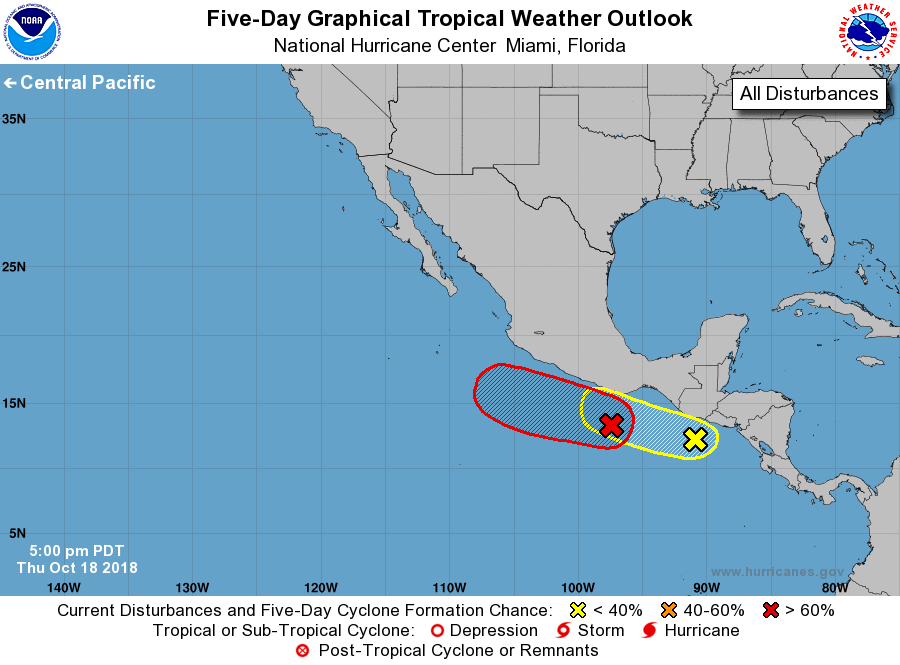
For the eastern North Pacific...east of 140 degrees west longitude:

1. A trough of low pressure continues to produce disorganized showers and thunderstorms a couple of hundred miles south of the southern coast of Mexico. This system has become less organized since yesterday, however, environmental conditions are expected to become more favorable for development and a tropical depression is still likely to form over the weekend or early next week while the system moves generally west-northwestward at 10 to 15 mph, near or just offshore the coast of southern Mexico.
* Formation chance through 48 hours...high...70 percent.
* Formation chance through 5 days...high...80 percent.

2. Another trough of low pressure has developed within a large area of disturbed weather that extends from Central America westward to south of the Gulf of Tehuantepec. Some gradual development of this system is possible over the next few days while it moves slowly westward, near the coast of southern Mexico. Additional information on the broad area of disturbed weather that extends from Central America to south of the Gulf of Tehuantepec can be found in High Seas Forecasts issued by the National Weather Service.
* Formation chance through 48 hours...low...10 percent.
* Formation chance through 5 days...low...20 percent.

High Seas Forecasts issued by the National Weather Service are available under AWIPS header NFDHSFEPI, WMO header FZPN02 KWBC, and on the web at https://ocean.weather.gov/shtml/NFDHSFEPI.shtml.

Forecaster Zelinsky